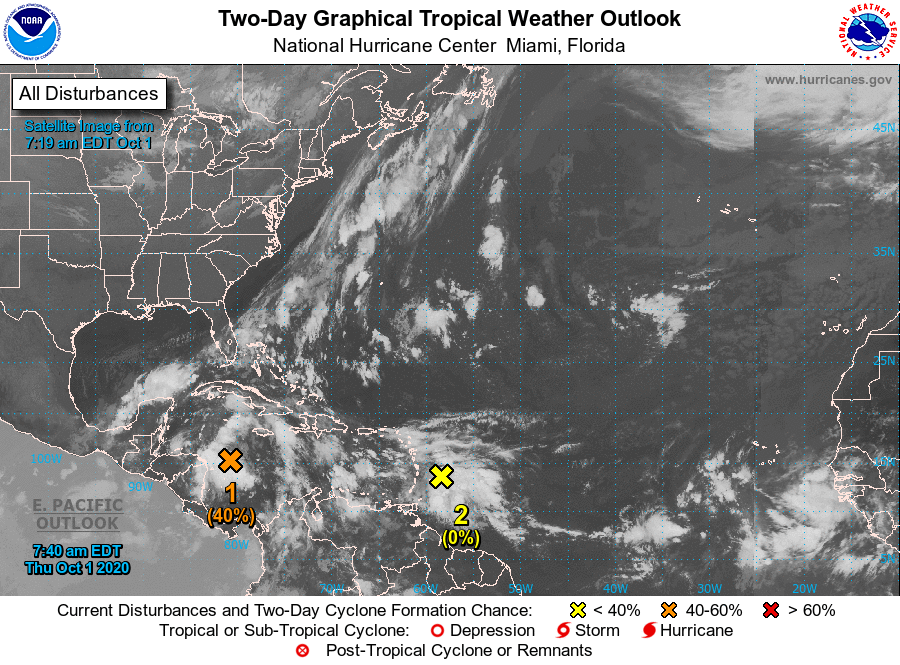
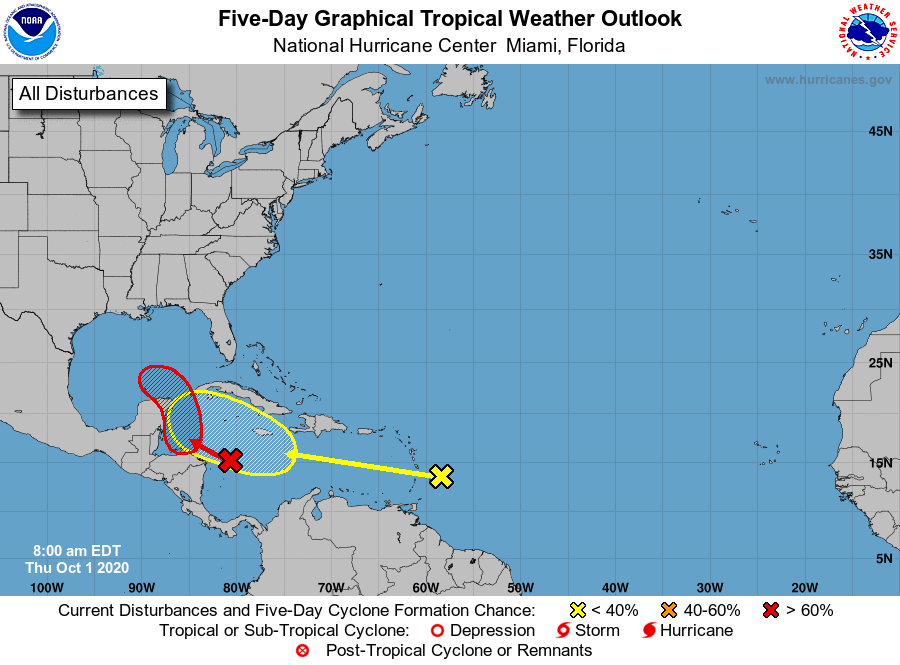
For the North Atlantic...Caribbean Sea and the Gulf of Mexico:

1. A tropical wave located over the west-central Caribbean Sea is producing a large area of disorganized showers and thunderstorms. Conditions are expected to be conducive for development of this system, and a tropical depression is likely to form over the northwestern Caribbean Sea or the south-central Gulf of Mexico, possibly before the system reaches the east coast of the Yucatan Peninsula on Saturday. Interests in Belize, the Yucatan Peninsula of Mexico, and western Cuba should monitor the progress of this disturbance.
* Formation chance through 48 hours...medium...40 percent.
* Formation chance through 5 days...high...70 percent.

2. Another tropical wave located just east of the Lesser Antilles is also producing a large area of disorganized showers and thunderstorms. This wave is forecast to move westward at 15 to 20 mph during the next several days, and environmental conditions could become a little more conducive for development when the system is over the central or western Caribbean Sea early next week.
* Formation chance through 48 hours...low...near 0 percent.
* Formation chance through 5 days...low...20 percent.

Forecaster Berg